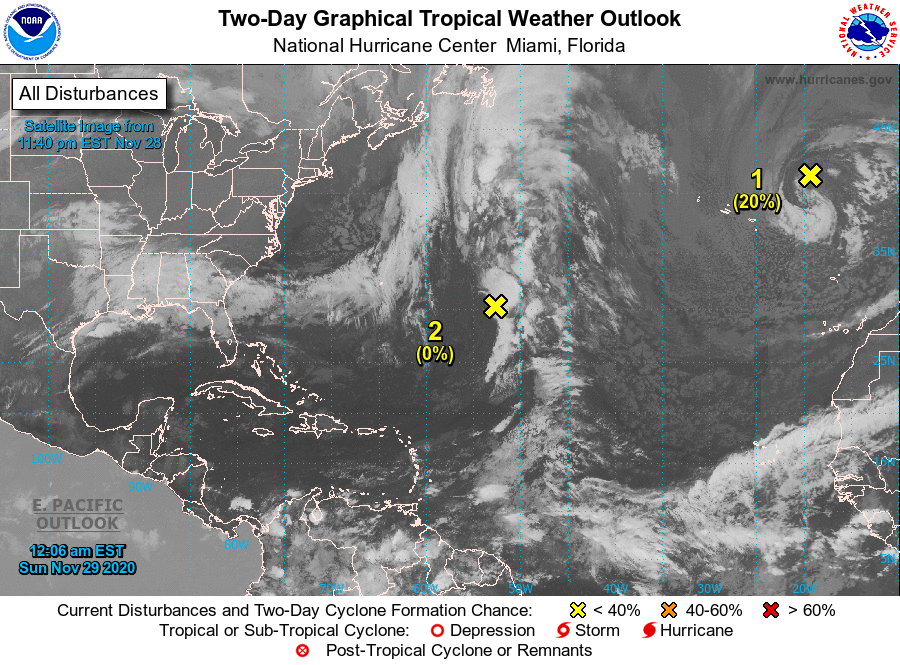
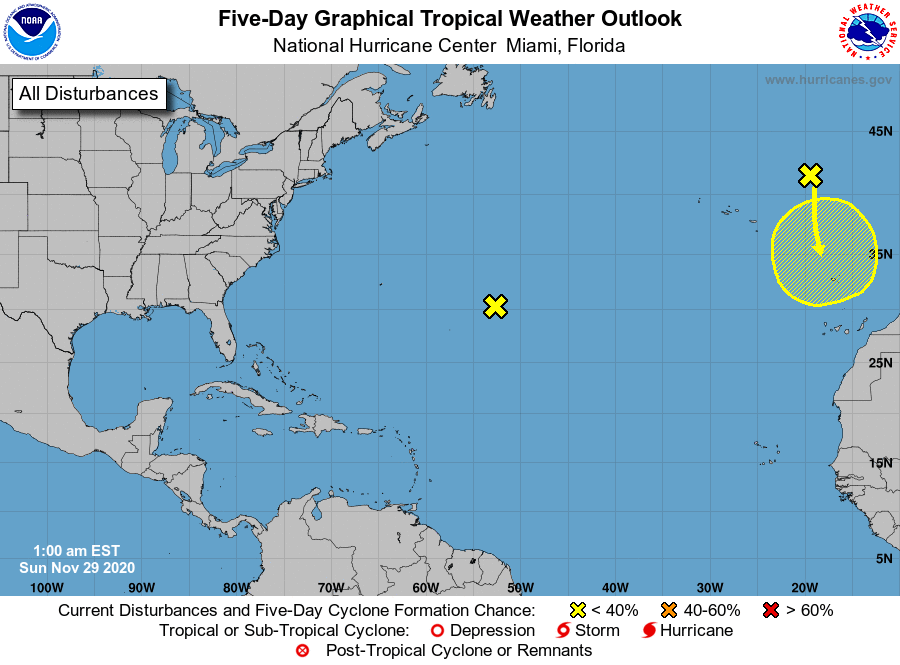
For the North Atlantic...Caribbean Sea and the Gulf of Mexico:

1. A strong and large non-tropical low pressure system over the far eastern Atlantic is expected to continue moving southward during the next day or so. This low could acquire subtropical characteristics in a couple of days while it meanders just to the north of the Canary Islands. By the middle of the week, environmental conditions are forecast to become unfavorable for further development. Additional information on this system can be found in High Seas Forecasts issued by Meteo France.
* Formation chance through 48 hours...low...20 percent.
* Formation chance through 5 days...low...30 percent.

2. A trough of low pressure located about 700 miles east of Bermuda is producing disorganized showers and thunderstorms. This system is expected to merge with a non-tropical low pressure system later today, and development is not expected.
* Formation chance through 48 hours...low...near 0 percent.
* Formation chance through 5 days...low...near 0 percent.

High Seas Forecasts issued by Meteo France can be found under WMO header FQNT50 LFPW.

Forecaster Cangialosi